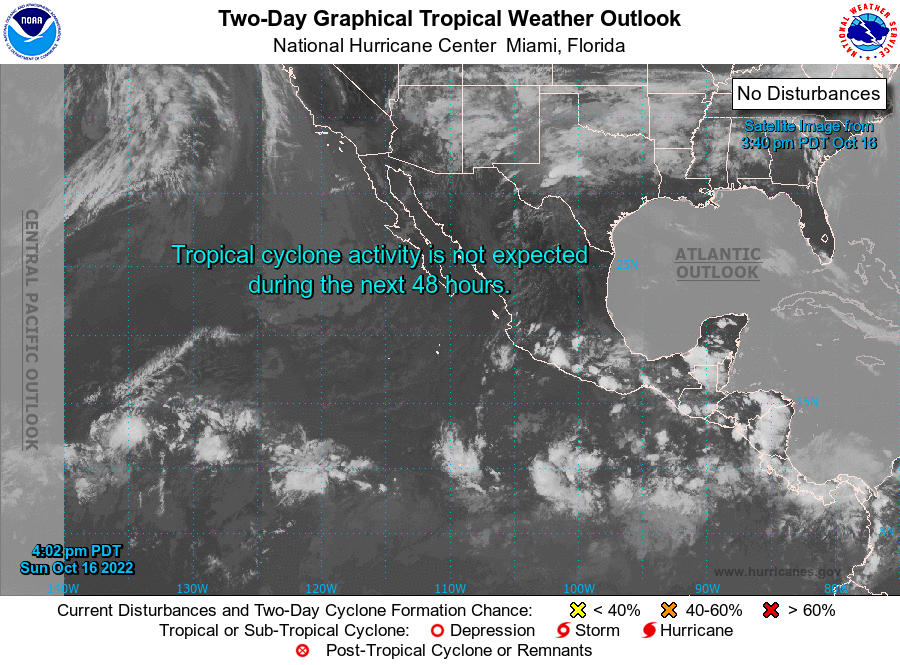
For the eastern North Pacific...east of 140 degrees west longitude:

1. Offshore of Southern Mexico: An area of low pressure is expected to form in a couple of days a few hundred miles south of the southern coast of Mexico. Environmental conditions are forecast to be conducive for development, and a tropical depression could form late in the week while the system moves westward to west-northwestward at 10-15 mph.
* Formation chance through 48 hours...low...near 0 percent.
* Formation chance through 5 days...medium...40 percent.

Forecaster Blake